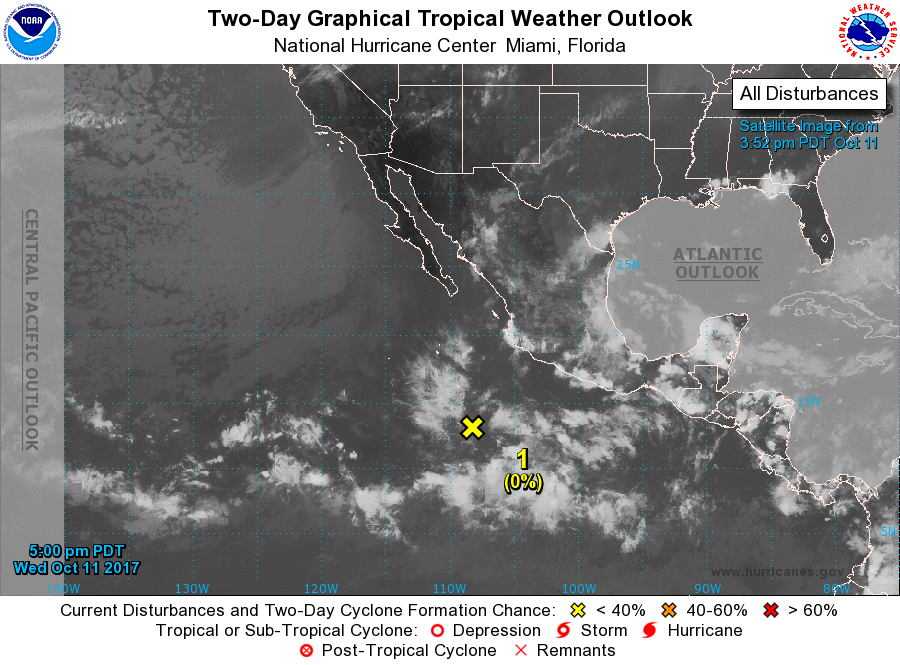
For the eastern North Pacific...east of 140 degrees west longitude:

1. A broad area of low pressure centered about 700 miles south of the southern tip of the Baja California peninsula is producing disorganized showers and thunderstorms. Strong upper-level winds will likely limit development of this system for the next couple of days, but some gradual development could occur thereafter while the system moves generally westward at 10 to 15 mph.
* Formation chance through 48 hours...low...near 0 percent.
* Formation chance through 5 days...low...20 percent.

Forecaster Blake